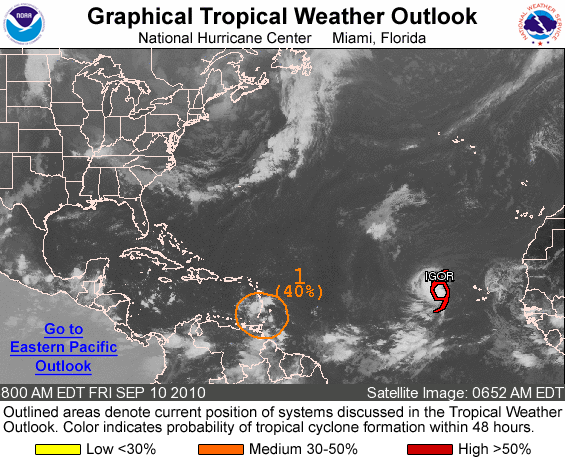
FOR THE NORTH ATLANTIC...CARIBBEAN SEA AND THE GULF OF MEXICO...

THE NATIONAL HURRICANE CENTER IS ISSUING ADVISORIES ON TROPICAL DEPRESSION IGOR...LOCATED ABOUT 350 MILES WEST OF THE CAPE VERDE ISLANDS.

1. SHOWERS AND THUNDERSTORMS HAVE INCREASED AND BECOME A LITTLE BETTER ORGANIZED THIS MORNING IN ASSOCIATION WITH A LOW PRESSURE SYSTEM LOCATED OVER THE WINDWARD ISLANDS. SOME SLOW DEVELOPMENT OF THIS DISTURBANCE IS POSSIBLE OVER THE NEXT COUPLE OF DAYS AS IT MOVES WESTWARD TO WEST-NORTHWESTWARD AT AROUND 5 MPH. THERE IS A MEDIUM CHANCE...40 PERCENT...OF THIS SYSTEM BECOMING A TROPICAL CYCLONE DURING THE NEXT 48 HOURS.

ELSEWHERE...TROPICAL CYCLONE FORMATION IS NOT EXPECTED DURING THE NEXT 48 HOURS.

FORECASTER STEWART